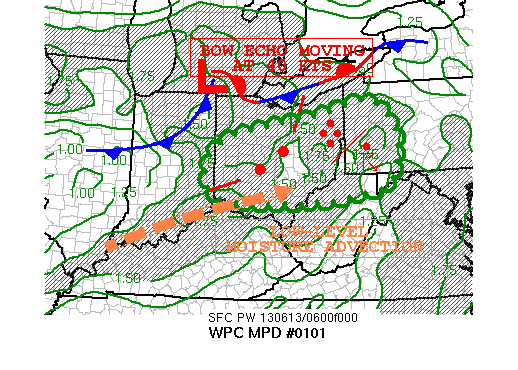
AREAS AFFECTED...EASTERN IN/CENTRAL OH/NORTHERN WV/WESTERN PA...

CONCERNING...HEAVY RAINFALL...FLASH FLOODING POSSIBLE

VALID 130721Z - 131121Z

SUMMARY...FAVORABLE UNIDIRECTIONAL FLOW OUT OF THE WEST-SOUTHWEST
SHOULD MAINTAIN A THREAT FOR FLASH FLOODING ACROSS A BROAD AXIS OF
CONVECTION OVER THE AFFECTED AREAS.

DISCUSSION...RADAR IMAGERY DURING THE PAST COUPLE OF HOURS
SUGGESTS BETTER CONVECTIVE ORGANIZATION AS THE LEADING EDGE HAS
BECOME DEFINED BY A BOWING LINE. MEANWHILE...AN ELONGATED
STRATIFORM REGION CONTINUES TO DUMP ADDITIONAL HEAVY RAINFALL
ACROSS CENTRAL IN/OH. FORECAST SOUNDINGS CONTINUE TO INDICATE VERY
FAVORABLE THERMODYNAMICS PROFILES FOR EXCESSIVE RAINFALL GIVEN THE
UNIDIRECTIONAL TROPOSPHERIC FLOW AND TALL/SKINNY CAPE.
ADDITIONALLY...THE DEEP-LAYERED WEST-SOUTHWESTERLY FLOW CONTINUES
TO ADVECT THE HIGHEST PWAT AIR MASS INTO THE OH VALLEY. THE 06Z
RAP SUGGESTS THE ATMOSPHERE IS RELATIVELY UNCAPPED WITH AMPLE
INSTABILITY AS MLCAPE VALUES REACH THE 1000-1500 J/KG RANGE.
THUS...LITTLE CHANGE IN THE INTENSITY OF THE CONVECTION IS TO BE
EXPECTED DURING THE NEXT SEVERAL HOURS.

RADAR-DERIVED QPE SHOWS HOURLY RAINFALL RATES APPROACHING 2 TO 3
INCHES WHICH IS IN AGREEMENT WITH MANY OF THE COOPERATIVE REPORTS
ACROSS WESTERN OH. AS THE SYSTEM PROGRESSES EASTWARD...SUCH
LOCALIZED RATES SHOULD CONTINUE. FURTHER...TRAINING/BACKBUILDING
CONVECTION CAN BE EXPECTED AS CORFIDI VECTORS SHOW STORM MOTIONS
OF LESS THAN 5 KNOTS OUT OF THE WEST TO NORTHWESTERLY DIRECTION.